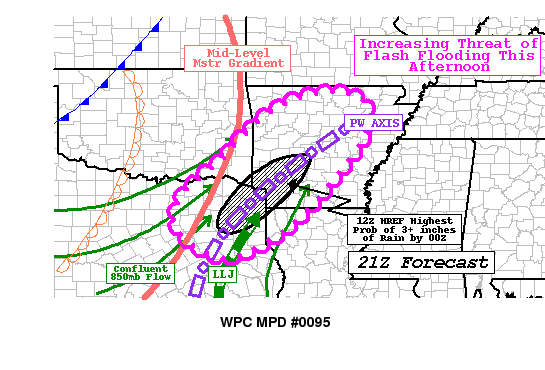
AREAS AFFECTED...ARKANSAS...SE OK...NE TX...FAR NW LA

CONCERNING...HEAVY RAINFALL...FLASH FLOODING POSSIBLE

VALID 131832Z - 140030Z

SUMMARY...AN INCREASING THREAT OF FLASH FLOODING IS EXPECTED THIS
AFTERNOON ACROSS THE ARKLATEX REGION AS THUNDERSTORMS BECOME MORE
NUMEROUS. HOURLY RAIN RATES OF UP TO 2 IN/HR WILL BE POSSIBLE WITH
LOCALIZED RAIN TOTALS THROUGH 00Z (7 PM CDT) POSSIBLY REACHING 4-5
INCHES. THE THREAT OF FLASH FLOODING IS EXPECTED TO CONTINUE
BEYOND THE EXPIRATION TIME OF THIS PRODUCT.

DISCUSSION...ACROSS THE ARKLATEX REGION THE LOW-LEVEL FLOW WAS
QUITE STRONG FOR THE 18Z TIMEFRAME...TYPICALLY A DIURNAL LULL IN
THE STRENGTH OF THE LOW-LEVEL JET. HOWEVER...RADAR VWPS FROM KSHV
AND KLZK SHOWED 850MB FLOW AROUND 50 KNOTS WHICH WAS BOTH STEADY
FROM THE 12Z REGIONAL SOUNDINGS AND NEAR THE DAILY RECORD VALUES
IN SOUNDING CLIMATOLOGY FOR MID-APRIL. THE ANOMALOUSLY STRONG LLJ
WAS CONTRIBUTING TO A SUBSTANTIAL NORTHWARD FLUX OF BOUNDARY LAYER
MOISTURE...WHICH HAS LED TO A PERIOD OF DESTABILIZATION OVER THE
PAST SEVERAL HOURS ACROSS THE REGION. PRECIPITABLE WATER VALUES
ARE ALSO INCREASING...AND BY LATER THIS AFTERNOON SHOULD BE (PER
RAP FORECASTS) IN THE RANGE OF 1.7 TO 1.8 INCHES. THESE VALUES
WOULD BE NEAR...BUT JUST SHY OF...APRIL RECORD VALUES AT SHV AND
LZK IN THE SOUNDING CLIMATOLOGY. IN OTHER WORDS...THE AVAILABLE
MOISTURE AND THE NORTHWARD MOISTURE FLUX (DRIVEN BY THE LLJ) ARE
ANOMALOUSLY HIGH EVEN FOR MID-SPRING...AND THIS SHOULD DRIVE THE
THREAT OF HEAVY RAINFALL THIS AFTERNOON AND INTO THE EVENING HOURS.

THE CONFLUENT LOW-LEVEL FLOW IS EXPECTED TO BE FOCUSED ALONG THE
AXIS OF HIGHEST PWATS AND PARALLEL TO THE OVERALL DEEP LAYER FLOW.
FURTHERMORE...THE CORE OF THE LLJ WILL BE FOCUSING INTO THE SSW/SW
PERIPHERY OF THE RISK AREA (AND LIKELY INITIATING
CONVECTION)...WITH STRONGER INSTABILITY ALSO SITUATED TO THE SOUTH
AND SOUTHWEST. THIS MAY FAVOR PERIODS OF TRAINING CONVECTION WITH
SOME BACKBUILDING ON THE UPSHEAR FLANKS OF ORGANIZED MULTICELL
CLUSTERS INTO THE MOIST AND UNSTABLE INFLOW. THIS APPEARS MOST
LIKELY TO OCCUR FROM NORTHEAST TEXAS INTO CENTRAL ARKANSAS WHERE
THE HREF HAS THE HIGHEST PROBABILITIES OF 3+ INCHES OF RAINFALL BY
00Z (AS HIGH AS 50-60 PERCENT). STORMS WERE ALREADY INITIATING
ALONG THE DRYLINE OVER CENTRAL OKLAHOMA...AS WELL AS CLOSER TO THE
LOW-LEVEL THETAE AXIS IN NORTHEAST TEXAS. THE OUTLINED AREA OF
THIS DISCUSSION DOES NOT EXTEND AS FAR W/NW AS CENTRAL OKLAHOMA
AND THE DRYLINE...AS PWATS DROP OFF THAT FAR NORTHWEST. GOES-16
AIR MASS RGB SHOWS A CHANNEL OF DRIER AIR IN THIS REGION AND THAT
SHOULD MAKE THUNDERSTORMS IN THAT AREA LESS EFFICIENT AT RAINFALL
PRODUCTION. HOWEVER...THE STORMS THAT INITIATE CLOSER TO THE
MID-LEVEL MOISTURE GRADIENT DEPICTED ON THE AIR MASS RGB WOULD BE
MORE LIKELY TO CONGEAL INTO MULTICELL CLUSTERS... TRAIN... AND
PROPAGATE THROUGH A MORE FAVORABLE ENVIRONMENT FOR HEAVY RAINFALL.